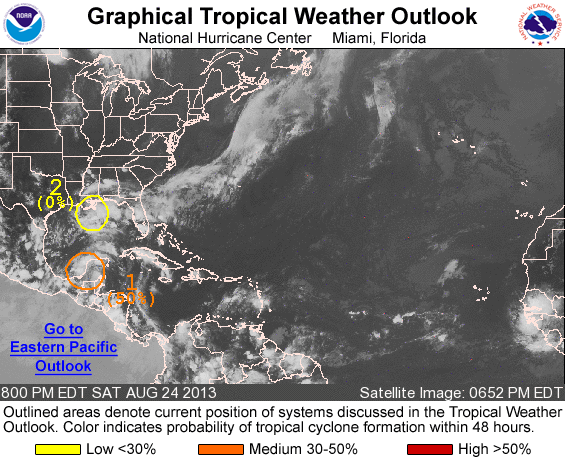
FOR THE NORTH ATLANTIC...CARIBBEAN SEA AND THE GULF OF MEXICO...

1. A LOW PRESSURE AREA ASSOCIATED WITH A TROPICAL WAVE LOCATED OVER THE WESTERN YUCATAN PENINSULA IS ACCOMPANIED BY A LARGE AREA OF CLOUDINESS AND THUNDERSTORMS. THIS DISTURBANCE IS FORECAST TO MOVE TOWARD THE WEST-NORTHWEST TONIGHT AND SUNDAY ACROSS THE SOUTHERN BAY OF CAMPECHE...WHERE ENVIRONMENTAL CONDITIONS APPEAR TO BE FAVORABLE FOR SOME DEVELOPMENT. THIS SYSTEM HAS A MEDIUM CHANCE...50 PERCENT...OF BECOMING A TROPICAL CYCLONE DURING THE NEXT 48 HOURS...AND A MEDIUM CHANCE...50 PERCENT...OF BECOMING A TROPICAL CYCLONE DURING THE NEXT 5 DAYS. AN AIR FORCE PLANE IS SCHEDULED TO INVESTIGATE THE SYSTEM ON SUNDAY AFTERNOON...IF NECESSARY. WHETHER TROPICAL CYCLONE FORMATION OCCURS OR NOT...THIS DISTURBANCE IS LIKELY TO MOVE INLAND OVER THE STATE OF VERACRUZ MEXICO IN A COUPLE OF DAYS.

2. CLOUDINESS AND THUNDERSTORMS LOCATED OVER THE NORTH-CENTRAL GULF OF MEXICO...NEAR THE LOUISIANA COAST...ARE ASSOCIATED WITH A WESTWARD MOVING TROUGH OF LOW PRESSURE. THIS ACTIVITY IS POORLY ORGANIZED AND THERE IS NO EVIDENCE OF A SURFACE CIRCULATION. THIS SYSTEM HAS A LOW CHANCE...NEAR 0 PERCENT...OF BECOMING A TROPICAL CYCLONE DURING THE NEXT 48 HOURS...AND A LOW CHANCE...NEAR 0 PERCENT...OF BECOMING A TROPICAL CYCLONE DURING THE NEXT 5 DAYS.

FIVE-DAY FORMATION PROBABILITIES ARE EXPERIMENTAL IN 2013. COMMENTS ON THE EXPERIMENTAL FORECASTS CAN BE PROVIDED AT...

HTTP://WWW.NWS.NOAA.GOV/SURVEY/NWS-SURVEY.PHP?CODE=ETWO

FORECASTER AVILA